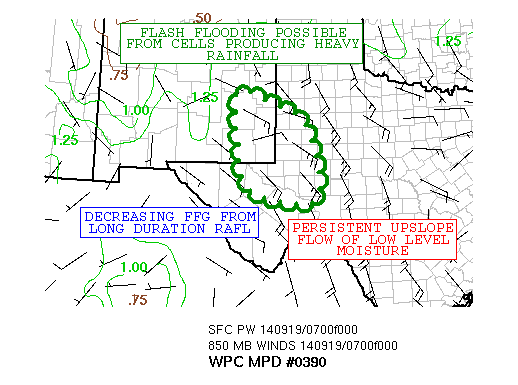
AREAS AFFECTED...SOUTHEAST NM...SOUTHWEST TX

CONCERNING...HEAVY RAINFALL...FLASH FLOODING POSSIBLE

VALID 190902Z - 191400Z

SUMMARY...FLASH FLOODING WILL BE POSSIBLE INTO THE MORNING HOURS
AS CONVECTION OVER SOUTHEAST NM MOVES INTO AN INCREASINGLY MOIST
AIRMASS OVER PARTS OF WEST TEXAS.

DISCUSSION...ONGOING CONVECTION OVER SOUTHEAST NM WAS BECOMING
INCREASINGLY WIDESPREAD OVERNIGHT...AND THIS IS LIKELY TO PERSIST
AS A NORTHERN STREAM SHORTWAVE TROUGH BRUSHES ACROSS THIS REGION.
LOW LEVEL SOUTHEASTERLY FLOW HAD BECOME SOMEWHAT BETTER ORGANIZED
AND WAS DRAWING AN UNUSUALLY MOIST AIRMASS INTO THE AREA OF
ONGOING CONVECTON. THIS SHOULD ACT TO ENHANCE RAINFALL RATES IN AN
AREA WHICH HAD ALREADY RECEIVED A PERSISTENT RAINFALL OVERNIGHT
WITH THE POTENTIAL FOR TRAINING OF CELLS.

THE HEAVIEST RAINFALL RATES OF SEVERAL INCHES PER HOUR SHOULD
OCCUR ALONG THE SOUTHERN FLANK OF THIS AREA OF RAINFALL DUE TO THE
PROXIMITY OF DEEPEST MOISTURE AND GREATEST LOWER LEVEL
INSTABILITY...ALTHOUGH THE RISK OF FLASH FLOODING WILL EXIST TO
THE NORTH OF THERE GIVEN LACK OF A CAP AND SOME SHORTWAVE ENERGY.

RAINFALL AMOUNTS OF 1 TO 2 INCHES ARE FORECAST WITH THE
AREA...WITH LOCALIZED HEAVIER AMOUNTS LIKELY.